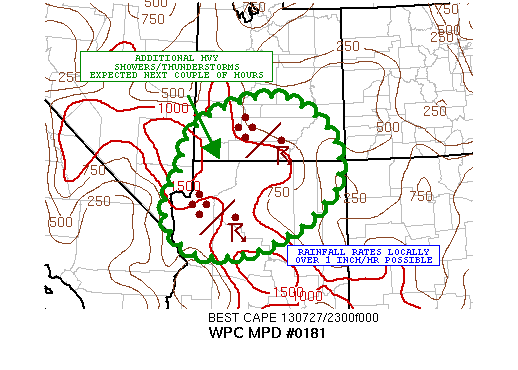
AREAS AFFECTED...SOUTHEAST NV...NORTHERN AZ...SOUTHERN UT

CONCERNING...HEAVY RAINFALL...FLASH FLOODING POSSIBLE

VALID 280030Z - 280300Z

SUMMARY...ADDITIONAL SHOWERS AND THUNDERSTORMS ARE EXPECTED OVER
THE NEXT 2 TO 3 HOURS WITH LOCALLY HVY SHORT-TERM RAINFALL RATES.
ADDITIONAL FLASH FLOODING IS POSSIBLE.

DISCUSSION...LATEST IR SAT IMAGERY SHOWS NUMEROUS CLUSTERS OF
COLD-TOPPED CONVECTION OVER SOUTHERN UT INVOF THE SOUTHERN WASATCH
MTN FRONT...AND ESP OVER NORTHERN AZ INVOF THE MOGOLLON RIM. ALL
OF THE CONVECTION IS IN RESPONSE TO A RELATIVELY DEEP POOL OF
MONSOONAL MOISTURE ALONG WITH DIURNALLY ENHANCED INSTABILITY
WORKING IN TANDEM WITH OROGRAPHICS. ADDITIONALLY...LATEST WV
IMAGERY SUGGESTS A WEAK SHORTWAVE IMPULSE OVER SERN NV ADVANCING
SLOWLY EASTWARD AROUND THE NWRN PERIPHERY OF THE LARGER SCALE
SUBTROPICAL RIDGE OVER THE FOUR CORNERS REGION. THIS IS LIKELY
PROVIDING AT LEAST SOME MODEST DYNAMICAL SUPPORT TO THE CONVECTION
OVER ESP SOUTHERN UT.

DIURNAL HEATING HAS BEEN MAXED OUT NOW OVER THE THREAT AREA...BUT
LATEST RAP ANALYSIS SHOWS AN INSTABILITY AXIS ASSOCD WITH A SRLY
LOW TO MID LVL FEED OF MONSOONAL MOISTURE STRETCHING FROM SOUTHERN
AZ UP INTO EXTREME SERN NV AND SOUTHERN UT. THIS WILL COUPLE WITH
THE AFOREMENTIONED SHORTWAVE ENERGY AND OROGRAPHICS TO SUPPORT A
CONTINUATION OF SMALL-SCALE CLUSTERS OF CONVECTION OVER THE NEXT 2
TO 3 HOURS WITH THE ACTIVITY THEN EXPECTED TO WEAKEN. GIVEN
SHORT-TERM RAINFALL RATES OF LOCALLY OVER 1 INCH/HR...SOME
ADDITIONAL FLASH FLOODING IS POSSIBLE.